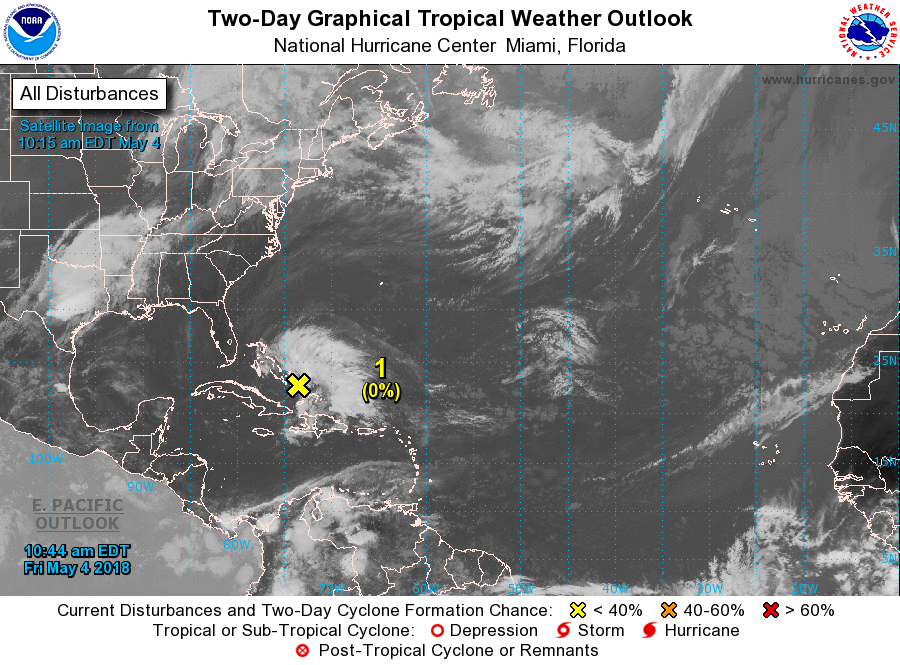
For the North Atlantic...Caribbean Sea and the Gulf of Mexico:

1. A large area of showers and thunderstorms near the Bahamas is associated with an upper-level low pressure system and a surface trough. The system is forecast to move westward over the Florida peninsula on Saturday with no significant development. Locally heavy rains and gusty winds are possible over portions of the Bahamas and southern Florida through this weekend. Please monitor products from your local weather office for more details. No additional Special Outlooks on this system will be issued unless conditions warrant.
* Formation chance through 48 hours...low...near 0 percent.
* Formation chance through 5 days...low...near 0 percent.

Forecaster Pasch/Blake